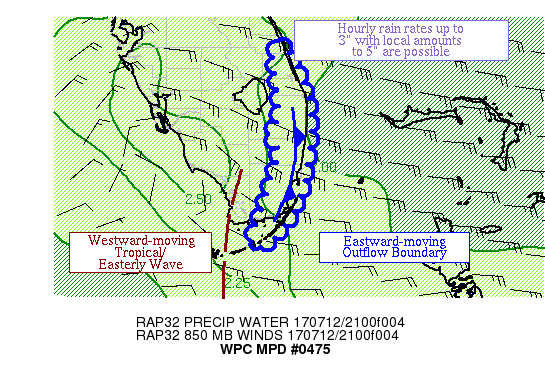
AREAS AFFECTED...GOLD COAST AND UPPER KEYS OF FL

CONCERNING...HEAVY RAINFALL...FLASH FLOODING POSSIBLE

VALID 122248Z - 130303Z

SUMMARY...THUNDERSTORMS WITH HIGH RAIN RATES MOVING INTO THE
WESTERN SUBURBS OF THE GOLD COAST.  HOURLY RAIN RATES UP TO 3"
WITH LOCAL AMOUNTS UP TO 5" ARE POSSIBLE.

DISCUSSION...THE COMBINATION OF A WESTWARD-MOVING
TROPICAL/EASTERLY WAVE ASSOCIATED WITH THE REMAINS OF TROPICAL
DEPRESSION FOUR AND AN EASTWARD MOVING OUTFLOW BOUNDARY FROM THE
EVERGLADES ARE LEADING TO HEAVY RAINFALL MOVING INTO THE WESTERN
SUBURBS OF MIAMI-DADE AND BROWARD COUNTIES.  EXPERIMENTAL GOES-16
IMAGERY SHOWS A BAND POSSIBLY INDUCED BY FRICTIONAL CONVERGENCE
ALONG THE SOUTHERN BAHAMAS HEADING TOWARDS THE NORTHERN KEYS.
RADAR IMAGERY SHOWS A SIMILAR BAND MOVING OFF OF GRAND BAHAMA
ISLAND INTO EAST-CENTRAL FL/THE TREASURE COAST.  PRECIPITABLE
WATER VALUES ARE ~2.25" AND MLCAPE VALUES ARE ~3000 J/KG.  INFLOW
AT 850 HPA IS 15-20 KTS (5-10 KNOTS GREATER THAN THE MEAN 850-400
HPA WIND) AND SOMEWHAT CONVERGENT OUT OF THE EAST-SOUTHEAST.

THE EASTWARD DRIFT OF THE OUTFLOW BOUNDARY SHOULD CONTINUE MOVING
INTO/THROUGH THE GOLD COAST OVER THE NEXT SEVERAL HOURS WHILE THE
CONVERGENCE BAND MOVES TOWARDS THE KEYS IN THE WAKE OF THE
TROPICAL/EASTERLY WAVE.  RECENT RAP RUNS INDICATE A SLIGHT
INCREASE IN THE 850 HPA INFLOW IS POSSIBLE OVER THE NEXT SEVERAL
HOURS, WHICH COULD AID THE BACKBUILDING WHICH HAS BEEN OCCURRING
ALONG THE GOLD COAST.  CONSIDERING THE MOISTURE AND INSTABILITY
AVAILABLE, HOURLY RAIN RATES UP TO 3" WITH LOCAL AMOUNTS UP TO 5"
ARE POSSIBLE, WHICH ASSUMES THAT THE OUTFLOW BOUNDARY PUSHES INTO
THE GULF STREAM.  FORECAST UNCERTAINTY CAPPED THE HORIZON AT
AROUND FOUR HOURS.  MOST OF THE CONTENT WAS COORDINATED WITH THE
MFL/MIAMI FL FORECAST OFFICE.